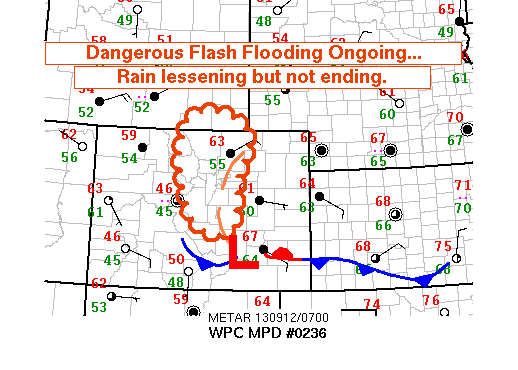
AREAS AFFECTED...CENTRAL AND NORTHERN CO...SE WY

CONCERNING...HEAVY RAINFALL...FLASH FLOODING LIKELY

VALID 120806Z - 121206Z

SUMMARY...HIGH-END FLASH FLOODING APPEARED TO BE ONGOING AT
BOULDER COLORADO AND OTHER AREAS OF HEAVY RAIN HAD BEEN OBSERVED
IN CENTRAL AND NORTHERN COLORADO. BY 0730Z THE THREAT FOR INTENSE
RAINFALL HAD LESSENED...BUT POCKETS OF MODERATE RAIN WILL
CONTINUE...RESULTING IN ADDITIONAL RAPID RUNOFF.

DISCUSSION...THIS FLASH FLOOD EVENT WAS FORCED BY LOW LEVEL
UPSLOPE BENEATH UPPER LEVEL DIFFLUENCE...IN AN ENVIRONMENT THAT
FAVORS VERY EFFICIENT RAINFALL AND LITTLE CELL MOVEMENT.
INSPECTING MASS FIELDS FROM THE RAP MODEL THIS SETUP IS NEARLY
UNCHANGING THROUGH THIS MORNING...WITH NO IDENTIFIABLE WAVE IN THE
ATMOSPHERE TO SIGNAL A MEANINGFUL CHANGE. MORE LIKELY THE
CONVECTIVE HEAVY RAIN MAY NOT ENTIRELY END...BUT WILL SIMPLY REACH
A MINIMUM IN COVERAGE AND INTENSITY OWING TO THE DIURNAL CYCLE.

FOR A FEW HOURS THE SPC MESOANALYSIS HAD DEPICTED AN AXIS OF SFC
BASED CAPE AROUND 500 J/KG ORIENTED FROM THE SE CORNER OF CO OVER
TO NEAR COLORADO SPRINGS AND NORTHWARD ALONG THE FRONT RANGE. THE
HRRR FORECASTS THIS AXIS TO PERSIST SEVERAL HOURS...WITH VALUES
FALLING SLOWLY TO 250-500 J/KG BY 12Z.

THIS SUGGESTS THAT CONVECTIVE UPDRAFTS WITH LOCALLY MODERATE OR
HEAVY RAIN WILL REMAIN POSSIBLE THROUGH THE MORNING HOURS. RADAR
TRENDS HAD CERTAINLY SHOWED SOME WEAKENING STARTING AROUND
07Z...BUT DUAL POL RADAR WHICH HAD PERFORMED WELL BASED ON THE
NUMEROUS LOCAL STORM REPORTS...STILL INDICATED AREAS OF 0.50-1.50
INCH PER HOUR RAINS. THIS WILL LIKELY BE THE CASE ALONG THE
SOUTHEAST FLANK OF A RAIN SHIELD IN NORTHERN CO...WITH OTHER
ISOLATED ACTIVITY FARTHER SOUTH ALONG AN INVERTED TROUGH AXIS THAT
MEETS WITH LOW PRESSURE SOUTH OF COLORADO SPRINGS. MODELS FORECAST
THIS TROUGH AXIS TO SHARPEN AND PUSH 10-30 MILES FARTHER
EAST...PERHAPS OWING TO MOUNTAIN DRAINAGE FLOW / DIURNAL
INFLUENCES. BOUNDARY LAYER MIXING MAY DISRUPT INFLOW AND BRING A
RESPITE AFTER 12Z...BUT THIS AREA WILL BE AT RISK FOR ADDITIONAL
HEAVY RAIN LATER TODAY.